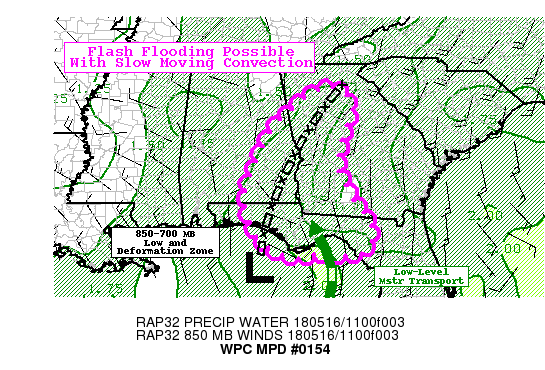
AREAS AFFECTED...GEORGIA...WRN ALABAMA...FL PANHANDLE

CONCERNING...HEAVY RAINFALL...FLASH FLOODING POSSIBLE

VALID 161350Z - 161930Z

SUMMARY...SLOW MOVING RAIN BANDS AND THUNDERSTORMS ARE LIKELY
ACROSS PORTIONS OF ALABAMA... GEORGIA... AND THE FLORIDA PANHANDLE
TODAY. GIVEN THE ABUNDANT ATMOSPHERIC MOISTURE IN PLACE ACROSS THE
REGION... FLASH FLOODING WILL BE POSSIBLE WITH RAIN RATES REACHING
1-2 IN/HR AT TIMES.

DISCUSSION...REGIONAL RADAR MOSAIC AT 1330Z INDICATED AN ARC OF
VERY SLOW MOVING LOW-TOPPED CONVECTION STRETCHING FROM THE ATLANTA
METRO AREA INTO THE FLORIDA PANHANDLE. THIS WAS SITUATED RIGHT
ALONG A LOW-MID LEVEL DEFORMATION ZONE...EXTENDING NORTH-NORTHEAST
FROM AN APPROXIMATELY VERTICALLY STACKED LOW OVER THE FAR NORTHERN
GULF OF MEXICO. THIS DEFORMATION ZONE SHOULD PERSIST INTO THE
AFTERNOON HOURS IN THE PRESENCE OF SUBSTANTIAL ATMOSPHERIC
MOISTURE. THE 12Z SOUNDING FROM ATLANTA REPORTED A PRECIPITABLE
WATER VALUE OF 1.88 INCHES...AMONG THE HIGHEST VALUES REPORTED IN
MID MAY ON RECORD THERE. FURTHERMORE...LIMITED INSTABILITY IS
LIKELY KEEPING THE CONVECTION IN THIS CORRIDOR MORE LIMITED IN
VERTICAL EXTENT WITH COLLISION-COALESCENCE PROCESSES DOMINANT.
THIS WOULD FAVOR EFFICIENT RAINFALL PRODUCTION FROM ANY
SLOW-MOVING RAIN BANDS THAT CAN DEVELOP...AND 1+ IN/HR RAIN RATES
HAVE ALREADY BEEN REPORTED BY SOME SURFACE OBSERVING STATIONS.
GIVEN THE PERSISTENCE OF LOW-MID LEVEL FORCING IN A NEARLY
STATIONARY POSITION...AND THE OVERALL ENVIRONMENT...FLASH FLOODING
SEEMS POSSIBLE IN THE VICINITY OF THE DEFORMATION ZONE INTO THE
AFTERNOON.

FURTHER TO THE SOUTHEAST...NEAR THE FLORIDA BIG BEND AND
TALLAHASSEE AREA...ADDITIONAL CONVECTION IS ALSO LIKELY. GREATER
INSTABILITY IS FORECAST IN THIS AREA WHICH SEEMS MORE LIKELY GIVEN
THE BREAKS IN SOME OF THE CLOUD COVER IN THAT AREA. THE BIG BEND
REGION SHOULD ALSO STAY NEAR THE NOSE OF A LOW-LEVEL MOISTURE
TRANSPORT MAXIMUM TO THE EAST OF THE LOW OVER THE NORTHERN GULF.
THIS SHOULD FOCUS LOW-LEVEL FORCING IN THAT PARTICULAR AREA (IN
ADDITION TO SOME FRICTIONAL CONVERGENCE DUE TO ONSHORE FLOW FROM
THE GULF)...AND WITH INCREASING INSTABILITY SOME PERSISTENT
THUNDERSTORMS WILL BE POSSIBLE IN THE LATE MORNING AND AFTERNOON.
PRECIPITABLE WATER VALUES ARE ALSO FORECAST TO APPROACH 2 INCHES
IN THIS AREA...WHICH WOULD SUPPORT SOME HIGHER RAIN RATES (PERHAPS
REACHING AROUND 2 IN/HR) IF MORE ROBUST CLUSTERS OF STORMS OR
TRAINING OF CONVECTION CAN OCCUR. FLASH FLOOD GUIDANCE IS NOT
ESPECIALLY LOW IN THIS AREA...BUT 3-HR FFG AROUND 4 INCHES SEEMS
ACHIEVABLE IN THIS ENVIRONMENT.